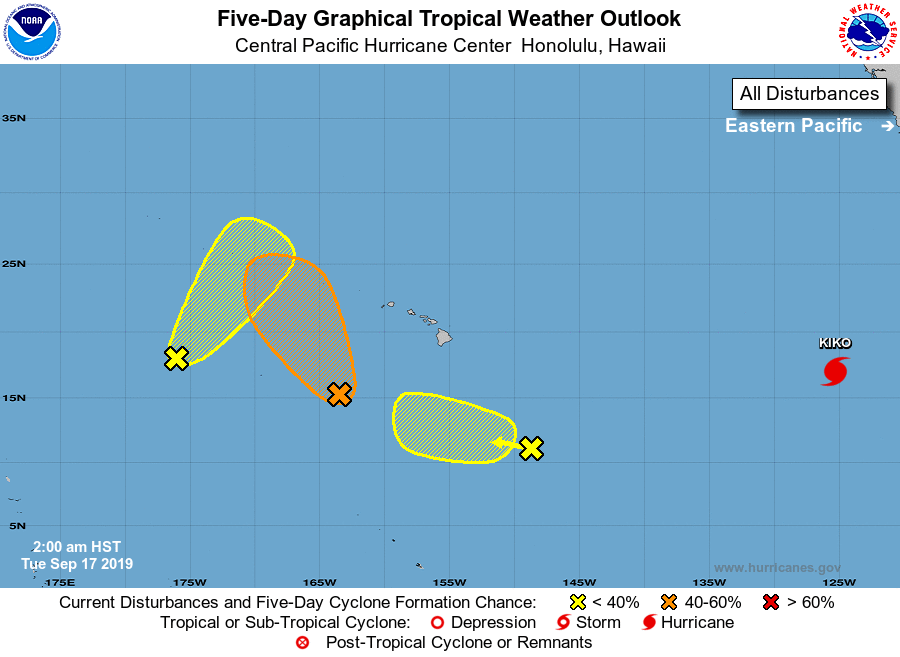
For the central North Pacific...between 140W and 180W:

1. An area of low pressure with showers and thunderstorms about 540 miles south-southwest of Honolulu, Hawaii has become better organized over the past 12 hours. Environmental conditions are expected to be conducive for gradual development, and this system could become a tropical depression within a few days as it moves northwestward.
* Formation chance through 48 hours...low...30 percent.
* Formation chance through 5 days...medium...40 percent.

2. An elongated area of low pressure lies some 700 miles southeast of the Big Island of Hawaii. Slow development is possible during the next several days while the area slowly moves westward.
* Formation chance through 48 hours...low...near 0 percent.
* Formation chance through 5 days...low...20 percent.

3. Showers and thunderstorms associated with a broad area of low pressure, located about 1100 miles west-southwest of Kauai, continues to remain disorganized. This system is expected to slowly move northeast into unfavorable environmental conditions. Development, if any, will be slow to occur.
* Formation chance through 48 hours...low...10 percent.
* Formation chance through 5 days...low...20 percent.

Elsewhere, no tropical cyclones are expected during the next 5 days.

Forecaster Kino